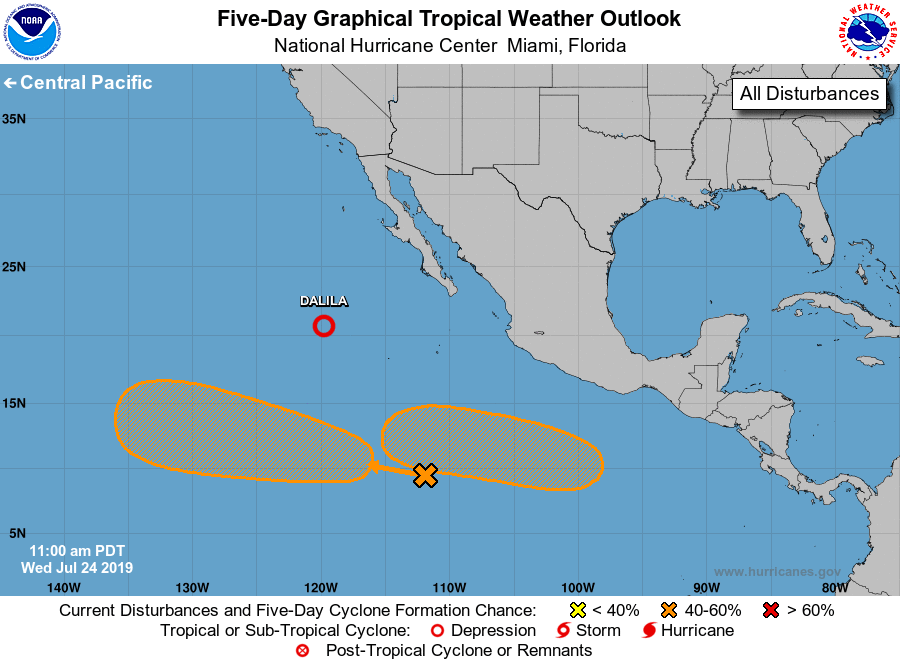
For the eastern North Pacific...east of 140 degrees west longitude:

The National Hurricane Center is issuing advisories on Tropical Depression Dalila, located several hundred miles west-southwest of the southern tip of the Baja California peninsula.

1. A tropical wave located almost a thousand miles south of the southern tip of the Baja California peninsula continues to produce disorganized showers and cloudiness. Upper-level winds are expected to become more conducive for development of this system during the next few days, and a tropical depression could form over the weekend or early next week while the system moves westward to west-northwestward at 10 to 15 mph.
* Formation chance through 48 hours...low...10 percent.
* Formation chance through 5 days...medium...40 percent.

2. An area of low pressure is expected to form a few hundred miles south of the coast of southern Mexico by the end of the week. Environmental conditions are expected to support gradual development of the system, and a tropical depression could form by early next week while it moves generally westward at 15 to 20 mph.
* Formation chance through 48 hours...low...near 0 percent.
* Formation chance through 5 days...medium...40 percent.

Forecaster Berg